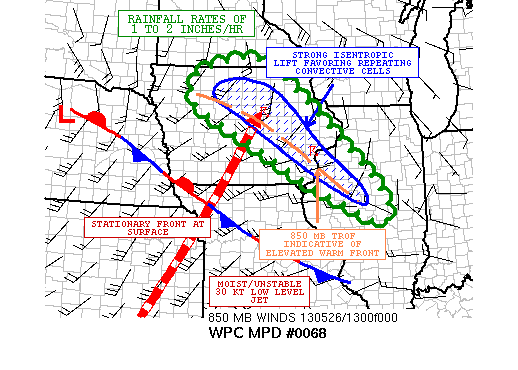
AREAS AFFECTED...NORTHERN AND EASTERN IA...WESTERN AND CENTRAL IL

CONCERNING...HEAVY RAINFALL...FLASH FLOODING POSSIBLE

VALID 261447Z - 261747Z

SUMMARY...SOME ADDITIONAL TRAINING OF CONVECTION IS EXPECTED NEXT
COUPLE OF HOURS...ALTHOUGH A GRADUAL WEAKENING TREND OVER THE NEXT
FEW HOURS IS EXPECTED.

DISCUSSION...RADAR IMAGERY CONTINUES TO SHOW A NORTHWEST TO
SOUTHEAST ORIENTED BAND OF SHOWERS AND THUNDERSTORMS EXTENDING
FROM NORTHERN IA TO WESTERN AND CENTRAL IL AS OF 1440Z.  RAINFALL
RATES OF AN INCH PER HOUR...WITH LOCALIZED HEAVIER RAINFALL
RATES...WERE LIKELY FROM THE MOST ACTIVE CONVECTION.  12Z UPPER
AIR ANALYSIS STILL SHOWED STRONG WARM ADVECTION/ISENTROPIC LIFT
OCCURRING OVER THIS AREA. 88D VAD WIND PROFILERS STILL DEPTICTED
ABOUT 25 TO 30 KTS OF SOUTHWESTERLY FLOW ACROSS IA EXTENDING BACK
INTO KS.  BOTH THE RAP AND THE HRRR ARE SUGGESTING THAT THE LOW
LEVEL JET SHOULD WEAKEN AND THE RAINFALL RATES WILL GRADUALLY
DECREASE THROUGH LATE MORNING.

EVEN SO...SOME ADDITIONAL RAINFALL AMOUNTS OF 1 TO 2 INCHES ARE
POSSIBLE WITH THE MOST ACTIVE CONVECTION.